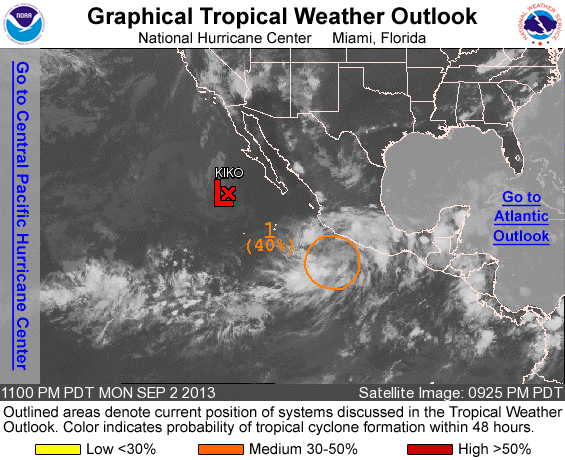
FOR THE EASTERN NORTH PACIFIC...EAST OF 140 DEGREES WEST LONGITUDE..

1. A LARGE AREA OF DISORGANIZED SHOWERS AND THUNDERSTORMS EXTENDING FROM THE SOUTHWESTERN COAST OF MEXICO SOUTHWARD FOR SEVERAL HUNDRED MILES IS ASSOCIATED WITH A TROPICAL WAVE AND A BROAD AREA OF LOW PRESSURE. ENVIRONMENTAL CONDITIONS ARE EXPECTED TO BE CONDUCIVE FOR GRADUAL DEVELOPMENT OF THIS DISTURBANCE WHILE IT MOVES WEST- NORTHWESTWARD AT ABOUT 10 MPH...AND A TROPICAL DEPRESSION COULD FORM IN THE NEXT COUPLE OF DAYS. THIS SYSTEM HAS A MEDIUM CHANCE...40 PERCENT...OF BECOMING A TROPICAL CYCLONE DURING THE NEXT 48 HOURS...AND A HIGH CHANCE...80 PERCENT...OF BECOMING A TROPICAL CYCLONE DURING THE NEXT 5 DAYS.

FIVE-DAY FORMATION PROBABILITIES ARE EXPERIMENTAL IN 2013. COMMENTS ON THE EXPERIMENTAL FORECASTS CAN BE PROVIDED AT...

HTTP://WWW.NWS.NOAA.GOV/SURVEY/NWS-SURVEY.PHP?CODE=ETWO

FORECASTER PASCH